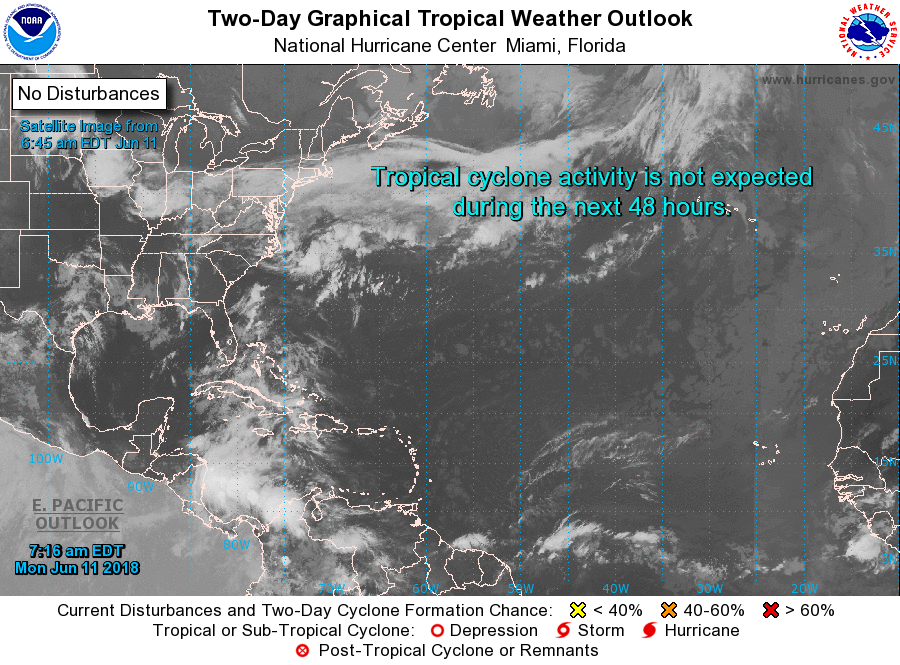
For the North Atlantic...Caribbean Sea and the Gulf of Mexico:

Tropical cyclone formation is not expected during the next 5 days.

Forecaster Stewart